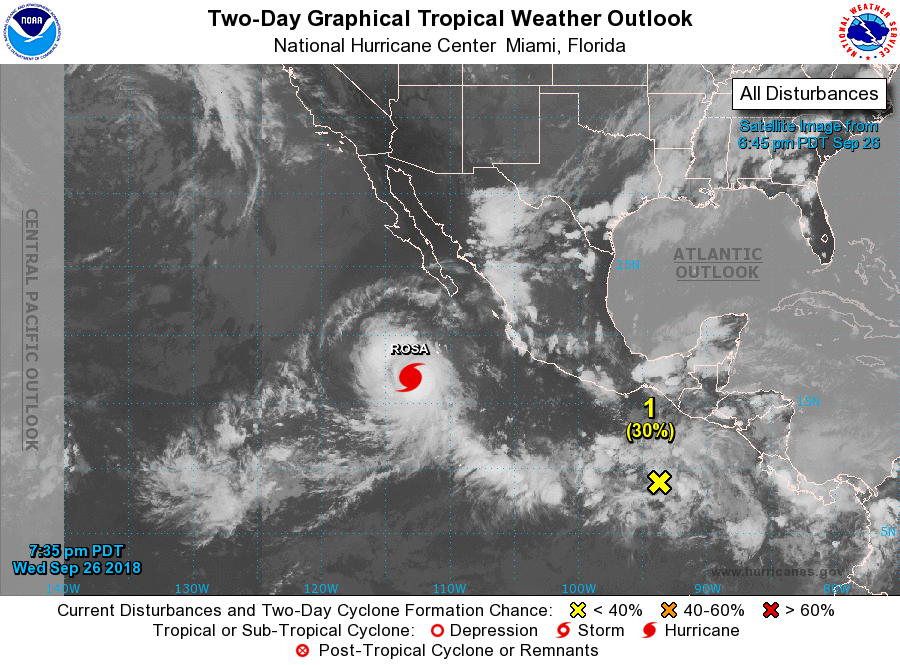
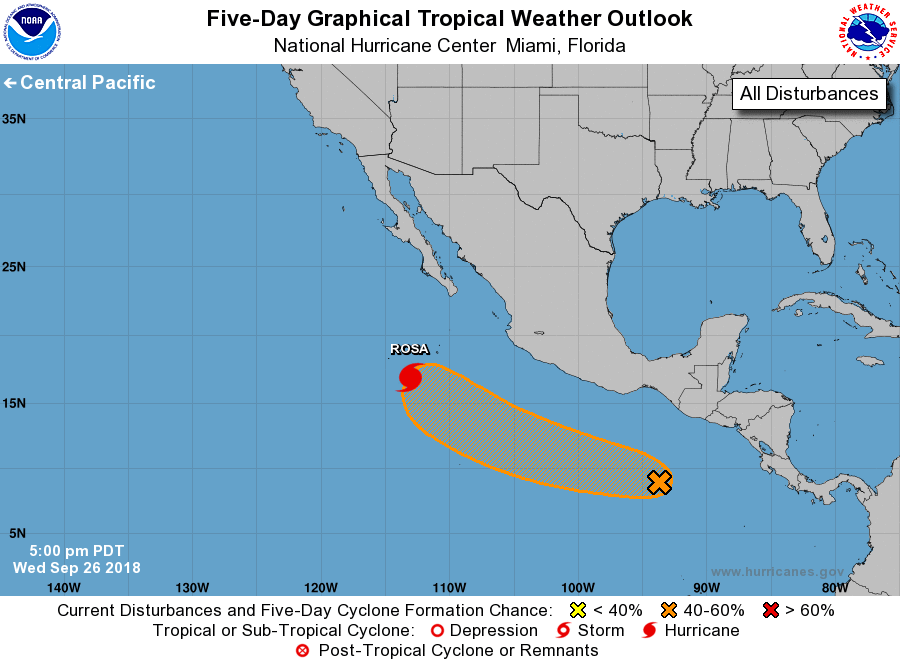
For the eastern North Pacific...east of 140 degrees west longitude:

The National Hurricane Center is issuing advisories on Hurricane Rosa, located a few hundred miles south-southwest of the southern tip of the Baja California peninsula.

1. A broad area of low pressure located a few hundred miles south-southeast of the southern coast of Mexico is producing disorganized showers and thunderstorms. Environmental conditions appear conducive for gradual development, and a tropical cyclone is likely to form over the weekend or early next week while it moves west-northwestward well offshore of the coast of Mexico.
* Formation chance through 48 hours...low...30 percent.
* Formation chance through 5 days...medium...60 percent.

Forecaster Blake